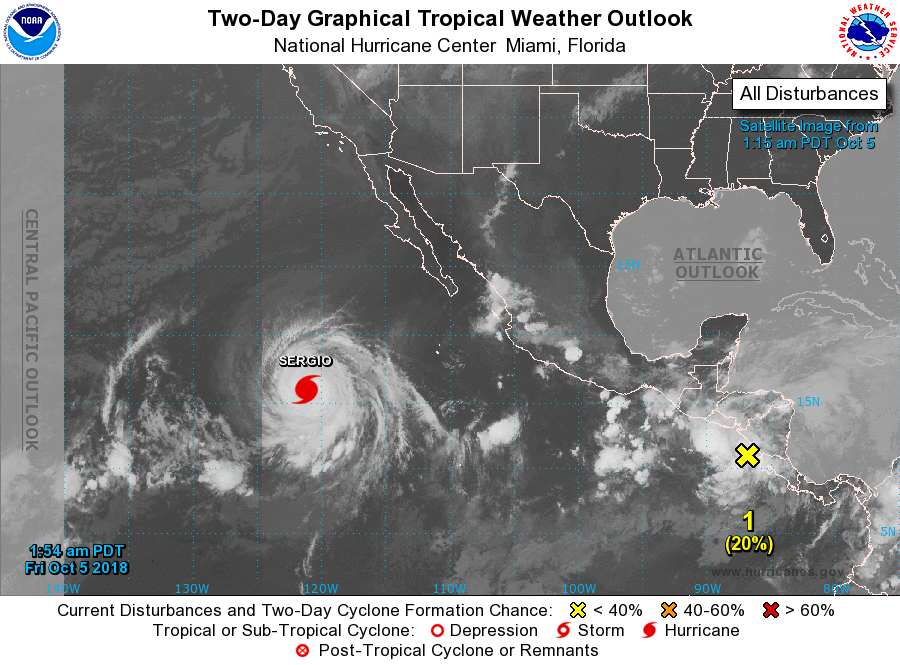
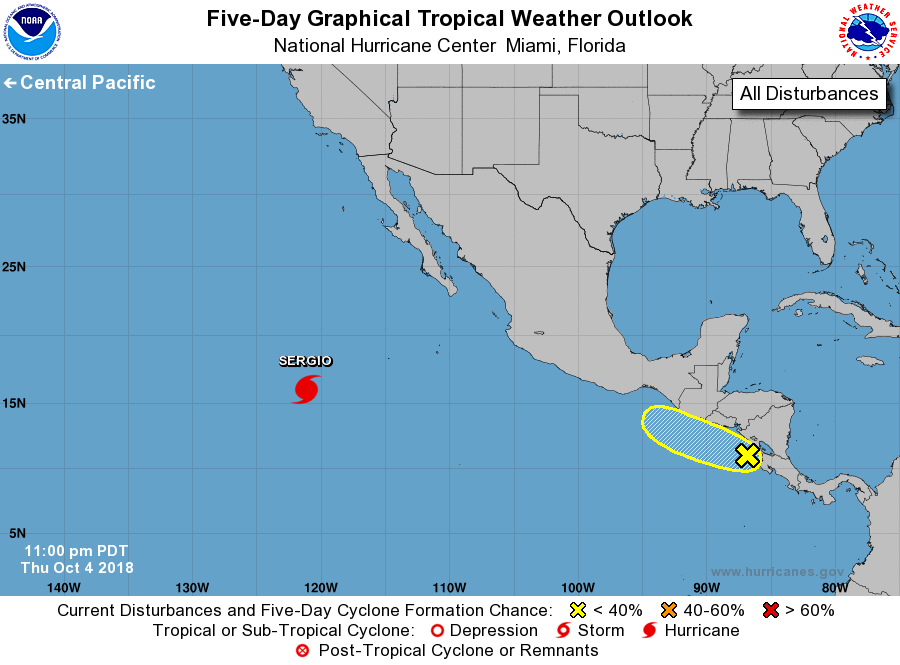
For the eastern North Pacific...east of 140 degrees west longitude:

The National Hurricane Center is issuing advisories on Hurricane Sergio, located several hundred miles west-southwest of the southern tip of the Baja California peninsula.

1. A broad area of low pressure located offshore of the Pacific coast of southern Nicaragua continues to produce disorganized showers and thunderstorms. This system is expected to drift northward or northwestward during the next several days, and some slow development is possible if it remains offshore the coast of Central America. Regardless of development, heavy rains could cause flash floods and mudslides in mountainous areas of western Costa Rica, Nicaragua, Honduras, El Salvador, and Guatemala through early next week.
* Formation chance through 48 hours...low...20 percent.
* Formation chance through 5 days...low...30 percent.

Forecaster Berg